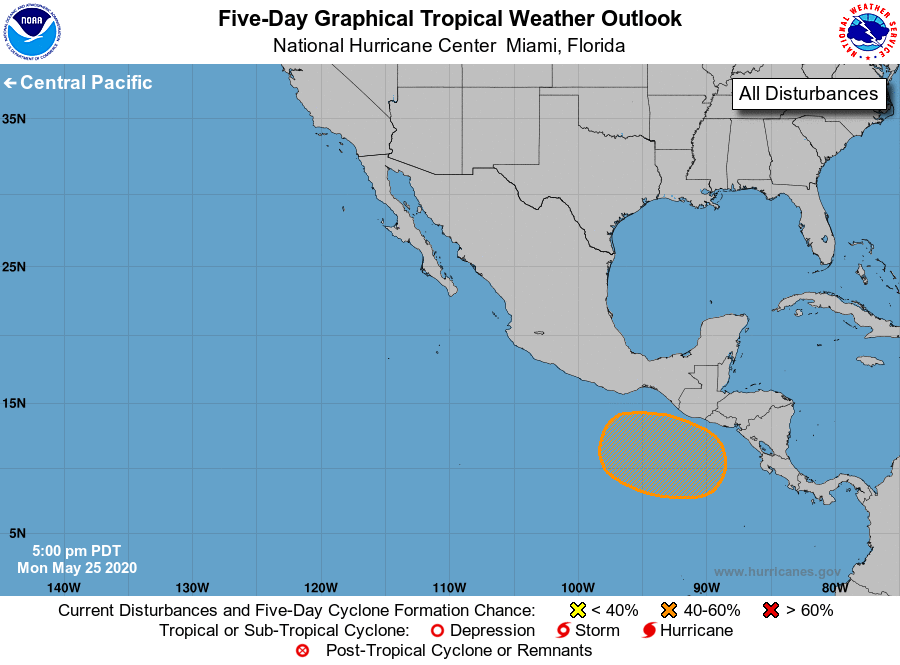
For the eastern North Pacific...east of 140 degrees west longitude:

1. A broad area of low pressure is expected to form in a few days south of the coasts of southern Mexico, Guatemala, and El Salvador. Environmental conditions appear conducive for gradual development of this system, and a tropical depression could form late this week or this weekend while it moves little or drifts northward.
* Formation chance through 48 hours...low...near 0 percent.
* Formation chance through 5 days...medium...60 percent.

Forecaster Cangialosi